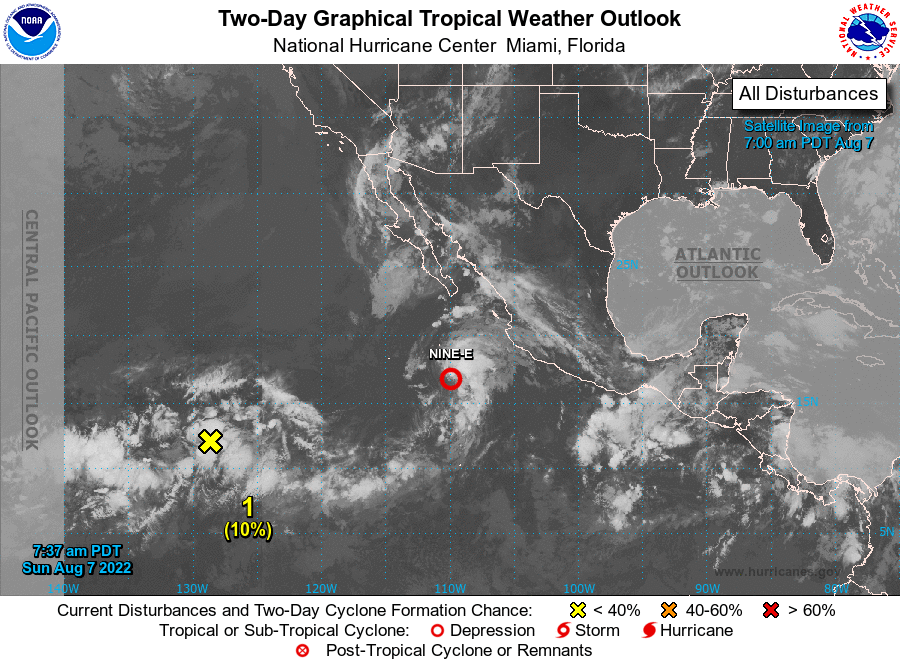
For the eastern North Pacific...east of 140 degrees west longitude:

Active Systems: The National Hurricane Center is issuing advisories on Tropical Depression Nine-E, located a few hundred miles west-southwest of Manzanillo, Mexico.

1. Well East-Southeast of the Hawaiian Islands: A large area of disorganized showers and thunderstorms is associated with a broad trough of low pressure located more than 1000 miles east-southeast of the Hawaiian Islands. Some gradual development of this system is possible through the middle part of this week while it moves westward toward the central Pacific basin.
* Formation chance through 48 hours...low...10 percent.
* Formation chance through 5 days...low... 20 percent.

Public Advisories on Tropical Depression Nine-E are issued under WMO header WTPZ34 KNHC and under AWIPS header MIATCPEP4. Forecast/Advisories on Tropical Depression Nine-E are issued under WMO header WTPZ24 KNHC and under AWIPS header MIATCMEP4.

Forecaster Papin/Pasch